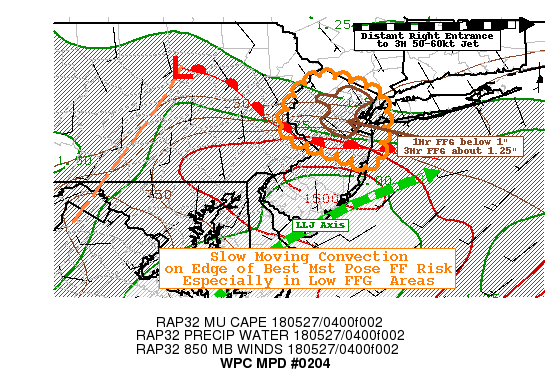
AREAS AFFECTED...NORTHERN NJ...NEW YORK CITY

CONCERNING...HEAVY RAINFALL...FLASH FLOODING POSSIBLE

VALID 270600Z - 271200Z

SUMMARY...WARM ADVECTION OVER STATIONARY BOUNDARY ACROSS NJ TO
PRODUCE CONVECTION CAPABLE OF FLASH FLOODING THROUGH EARLY MORNING
HOURS.  WEAK WINDS AND WEST OF MOISTURE/LLJ AXIS MAY BE A LIMITING
FACTOR FOR OVERALL COVERAGE/MAGNITUDE.

DISCUSSION...05Z SURFACE ANALYSIS DEPICTS A WEAKLY DEFINED WARM
FRONT THAT BISECTS NJ FROM BLM TO TTN BEFORE ANGLING NW TO WEAK
SURFACE WAVE NEAR IPT.   WHILE NOT TOO STRONG AT THE SURFACE...RAP
ANALYSIS DEPICTS NARROW CORRIDOR OF EASTERLY 850-7H FLOW IS
EXPECTED TO DEVELOP IN THE NEXT FEW HOURS FURTHER STRENGTHENING
LOW TO MID-LEVEL CONVERGENCE.  CURRENT VAD WINDS SUPPORT THIS WITH
REDUCTION OF SWLY FLOW ACROSS LONG ISLAND AND NEWARK.  GOES-WV AND
RADAR MOSAIC SHOW MCV CURRENTLY OVER WESTERN PA WHICH WILL AID IN
INCREASED SWLY BOUNDARY LAYER TO 7H FLOW.  Q-AXIS WITH TPWS UP TO
2.0" WITHIN THE SWLY FLOW IS DIRECTED FROM THE NECKS OF VA ACROSS
S DE TOWARD STRONGER DEEP CONVECTION SEEN ALONG THE WARM FRONT
SOUTH OF LI ATTM (GOES-16 AND KOKX RADAR).  STILL WEST OF THE AXIS
MOISTURE IS STILL FAIRLY DEEP AND PROFILES ARE FAIRLY SATURATED
THROUGH THE LOWER PORTIONS OF UPDRAFT WITH TPWS IN THE 1.75"
RANGE.  RAP ANALYSIS ALSO DEPICTS A WELL OF UNTAPPED INSTABILITY
ACROSS NE MD WITH MUCAPES UP 2000+ J/KG THAT SHOULD SUPPORT STRONG
UPDRAFTS.  UPPER LEVEL DIVERGENCE IS NOT AS STRONG AS FURTHER
NORTH WHERE RIGHT ENTRANCE TO 50-60KT 3H JET IS PROGGED TO SETUP
OVER NEW ENGLAND BY 12Z.  PERHAPS PERIPHERAL ASCENT OR ENTRANCE
EVACUATION MAY HELP UPDRAFT STRENGTH.  AT PEAK CONVECTION EXPECTED
AROUND 8-9Z...RAIN RATES UP TO 2"/HR ARE POSSIBLE.

VAD WINDS ALONG WITH RAP FORECAST SUGGEST LOW LEVEL CLOUD BARING
FLOW IS NOT IDEALLY SET UP FOR WEST TO EAST TRAINING...HOWEVER
WITH LEFT NOSE OF LLJ SUPPORTING 20 MAYBE AS HIGH AS 30 KTS
LATER...ADDITIONAL REDEVELOPMENT ALONG THE FRONT IS POSSIBLE FOR A
SMALL AREA OF REPEAT RAINFALL MAINLY JUST NORTH OF THE FRONTAL
ZONE FROM TTN TO SANDY HOOK/BLM.  WITH WEAKER INFLOW...THREAT FOR
MULTIPLE ROUNDS OR EVEN STRONG MST FLUX SHOULD LIMIT ANY FLOODING
THREAT TO MAINLY NJ AND THE DELAWARE VALLEY OF PA AND PERHAPS
STATEN ISLAND AND NYC IF THE FRONTAL BOUNDARY DOES NOT SAG
SOUTHWARD WITH OUTFLOW FURTHER DISTANCING THE SOURCE OF NEW
DEVELOPMENT.  MPD AREA IS ALSO RESTRICTED FROM THE PINE BARRENS OF
NJ DUE TO THE MUCH HIGHER FFG IN THE AREA.

HI-RES CAMS SUCH A RECENT HRRR AND HRRRV3 SEEM TO LIMIT THE
OVERALL WESTERN COVERAGE A BIT BETTER (GIVEN THE BACKED LOW LEVEL
FLOW).  HERE TOTALS OF 2-3" WITH ISOLATED 4" NOT OUT OF THE REALM
OF POSSIBLY MATCH CURRENT TRENDS...THOUGH BELIEVE BEST
CONVECTION/RAINFALL WILL BE OVER THE HUDSON CANYON REGIONS
OFFSHORE DUE TO BETTER LLJ MST AND FORCING/UPGLIDE ASCENT.  STILL
GIVEN THE LOWER FFG FLASH FLOODING IS CONSIDERED POSSIBLE THROUGH
12Z.